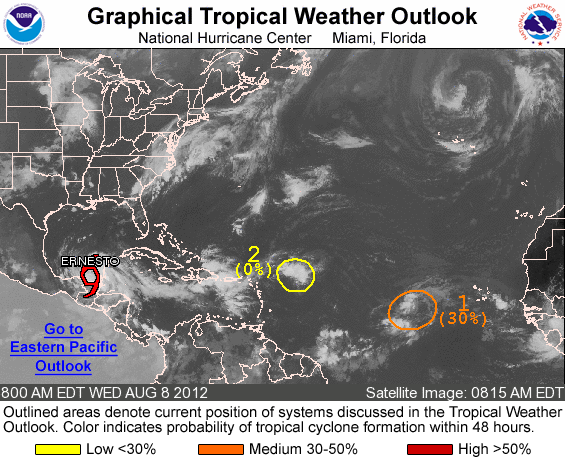
FOR THE NORTH ATLANTIC...CARIBBEAN SEA AND THE GULF OF MEXICO...

THE NATIONAL HURRICANE CENTER IS ISSUING ADVISORIES ON RECENTLY-DOWNGRADED TROPICAL STORM ERNESTO...LOCATED OVER THE YUCATAN PENINSULA OF MEXICO ABOUT 90 MILES SOUTH-SOUTHEAST OF CAMPECHE.

1. A LOW PRESSURE AREA ASSOCIATED WITH A TROPICAL WAVE LOCATED ABOUT 700 MILES WEST-SOUTHWEST OF THE CAPE VERDE ISLANDS HAS BECOME SLIGHTLY BETTER ORGANIZED DURING THE PAST SEVERAL HOURS. ENVIRONMENTAL CONDITIONS ARE MARGINALLY CONDUCIVE FOR GRADUAL DEVELOPMENT OVER THE NEXT COUPLE OF DAYS. THIS SYSTEM HAS A MEDIUM CHANCE...30 PERCENT...OF BECOMING A TROPICAL CYCLONE DURING THE NEXT 48 HOURS AS IT MOVES WESTWARD AT 10 TO 15 MPH.

2. THE REMNANTS OF FLORENCE...A TROPICAL WAVE LOCATED ABOUT 450 MILES EAST OF THE NORTHERN LEEWARD ISLANDS...CONTINUE TO PRODUCE DISORGANIZED THUNDERSTORM ACTIVITY. HOWEVER...UPPER-LEVEL WINDS ARE NOT EXPECTED TO BE CONDUCIVE FOR REDEVELOPMENT...AND THIS SYSTEM HAS A LOW CHANCE...NEAR 0 PERCENT...OF BECOMING A TROPICAL CYCLONE AGAIN DURING THE NEXT 48 HOURS AS IT MOVES WEST- NORTHWESTWARD AT ABOUT 20 MPH.

ELSEWHERE...TROPICAL CYCLONE FORMATION IS NOT EXPECTED DURING THE NEXT 48 HOURS.

FORECASTER BEVEN